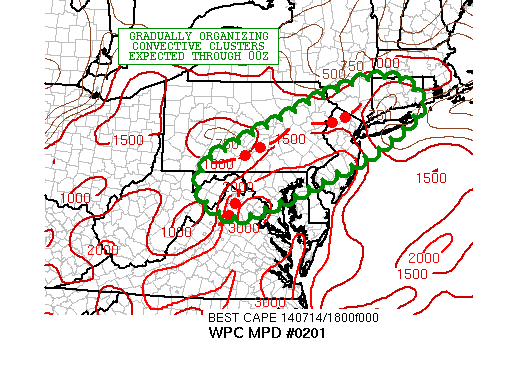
AREAS AFFECTED...CENTRAL/EASTERN PA...EASTERN WV...NORTHERN
VA...MD...FAR NORTHERN DE...NJ...SOUTHEAST NY...CT

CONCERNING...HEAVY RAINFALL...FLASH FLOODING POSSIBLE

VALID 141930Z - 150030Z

SUMMARY...HEAVY SHOWERS AND THUNDERSTORMS WILL BECOME MORE
ORGANIZED THROUGH THE EARLY EVENING. VERY INTENSE RAINFALL RATES
WILL PROMOTE SHORT-TERM FLASH FLOOD CONCERNS.

DISCUSSION...THE LATEST VIS SAT IMAGERY SHOWS AN INCREASINGLY
AGITATED CU/TCU FIELD OVER MUCH OF SERN PA AND DOWN INTO CNTRL MD
AND NRN VA AS STRONG DIURNAL HEATING CONTINUES, THIS COUPLED WITH
A VERY MOIST BOUNDARY LAYER IS SUPPORTING A NOSE OF SBCAPE VALUES
OVER 3000 J/KG OVER NRN VA AND CNTRL MD. THE LATEST GOES-SOUNDER
PWATS ARE NEAR 2 INCHES THROUGHOUT THE MID-ATLANTIC REGION AND UP
INTO SRN NEW ENGLAND...AND THIS IS ALL POOLED OUT AHEAD OF A COLD
FRONT THAT IS SLOWLY APPROACHING FROM THE LWR GRT LAKES REGION.

OVER THE NEXT SEVERAL HOURS...THERE SHOULD BE AN INCREASE IN
CONVECTIVE ORGANIZATION GIVEN STRONGER DIURNAL HEATING AND THE
APPROACH OF SOMEWHAT STRONGER MID LVL WLY FLOW OUT AHEAD OF A
LARGE SCALE TROUGH/CLOSED LOW DROPPING DOWN FROM THE UPR MIDWEST
AND GRT LAKES REGION. MULTIPLE BANDS OF MULTICELL CONVECTION CAN
BE EXPECTED...WITH THE POTENTIAL FOR SOME CELL-MERGERS AND CELL
TRAINING GIVEN THE LINEAR MODE OF THE EXPECTED CONVECTIVE ACTIVITY.

SINCE THERE IS SUCH A DEEP LAYER OF MOISTURE IN PLACE...RAINFALL
RATES ARE EXPECTED TO BE VERY HIGH AND WILL LIKELY BE ON THE ORDER
OF 2 TO 3 INCHES/HR. THIS COUPLED WITH ANY TRAINING AND
INTERACTION WITH TOPOGRAPHY WILL PROMOTE EXCESSIVE AMTS. THEREFORE
FLASH FLOODING WILL BE POSSIBLE THROUGH THE EVENING.